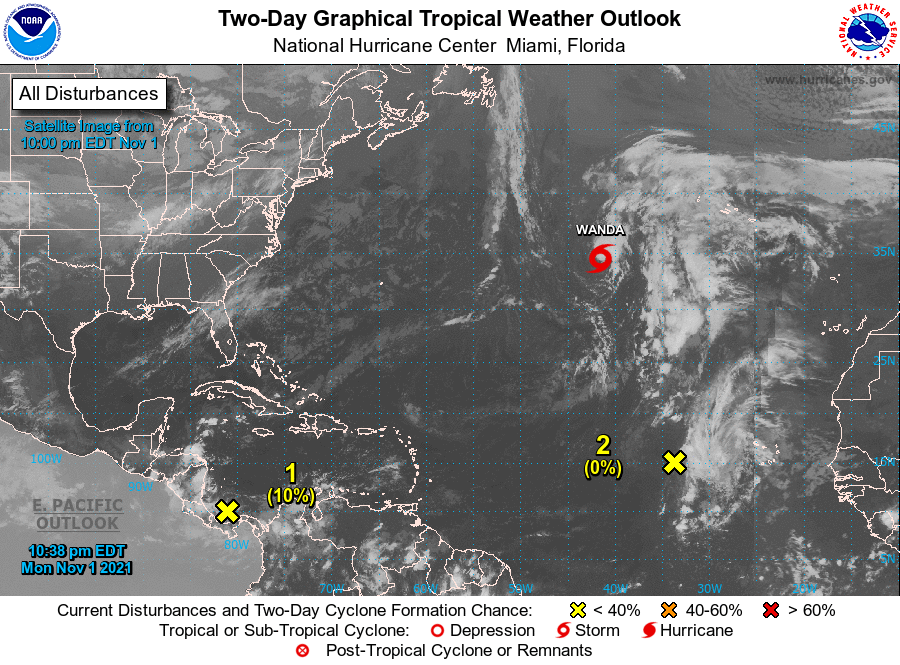
For the North Atlantic...Caribbean Sea and the Gulf of Mexico:

The National Hurricane Center is issuing advisories on Tropical Storm Wanda, located more than 850 miles west-southwest of the Azores.

1. A low pressure system located just offshore the northern coast of Panama is producing some disorganized showers and thunderstorms over the southwestern Caribbean Sea. This system is expected to move westward over Central America on Tuesday, and significant tropical development is unlikely due to its interaction with land. However, this disturbance will still produce locally heavy rainfall across portions of southern Nicaragua, Costa Rica, and Panama through Tuesday, which could result in flooding and mudslides. By Wednesday, the system is forecast to move into the far eastern portion of the eastern Pacific basin.
* Formation chance through 48 hours...low...10 percent.
* Formation chance through 5 days...low...10 percent.

2. A small area of low pressure located several hundred miles west of the Cabo Verde Islands is producing limited shower activity well to the east of its center. Significant development of this system is not expected due to unfavorable upper-level winds over the tropical eastern Atlantic during the next day or so while the disturbance moves northwestward at 5 to 10 mph.
* Formation chance through 48 hours...low...near 0 percent.
* Formation chance through 5 days...low...near 0 percent.

Forecaster Reinhart